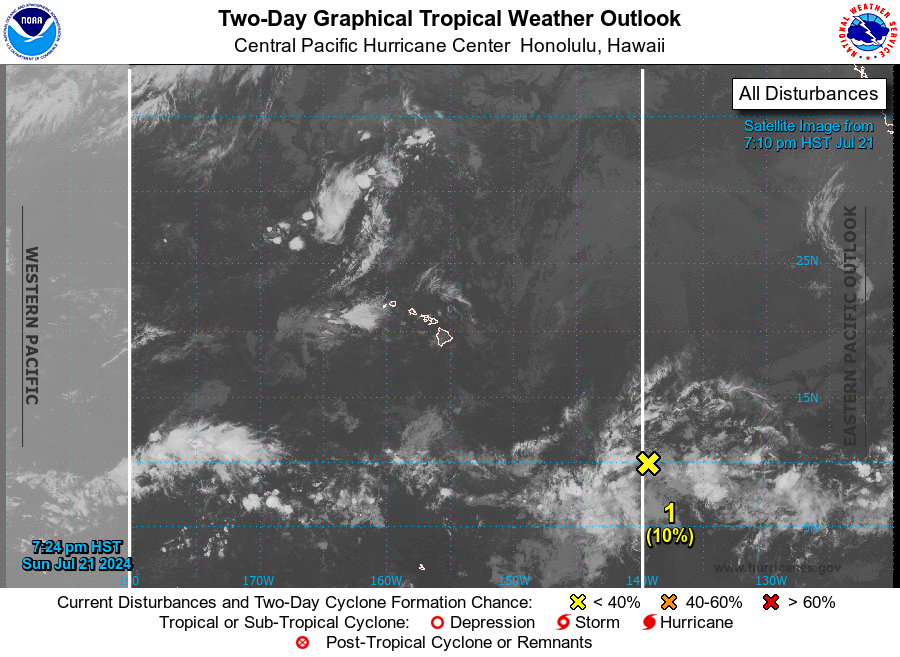
For the central North Pacific...between 140W and 180W:

1. Approximately 1,100 miles southeast of Hilo, Hawaii: A large area of disorganized showers and thunderstorms located over the far western portion of the eastern Pacific is associated with a trough of low pressure. Environmental conditions are forecast to be marginally conducive for some slow development during the next day or so. The disturbance is forecast to move westward at 10 to 15 mph and into the central Pacific basin by early Monday morning. By midweek, strong upper-level winds are expected to inhibit further development.
* Formation chance through 48 hours...low...10 percent.
* Formation chance through 7 days...low...10 percent.

Forecaster Bohlin